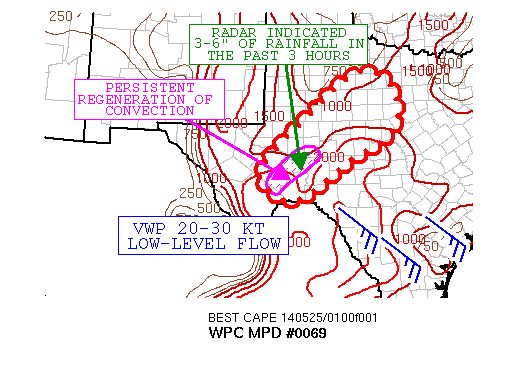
AREAS AFFECTED...SOUTHWEST TO CENTRAL TX...

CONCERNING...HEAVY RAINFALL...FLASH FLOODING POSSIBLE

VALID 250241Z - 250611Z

SUMMARY...FLASH FLOODING WILL REMAIN POSSIBLE DURING THE NEXT
COUPLE OF HOURS FROM SOUTH OF FORT STOCKTON NORTHEASTWARD TO NEAR
SAN ANGELO TX. CONTINUAL REGENERATION OF CONVECTION HAS BEEN
OBSERVED ALONG THE SOUTHWESTERN FLANK OF AN OLD OUTFLOW BOUNDARY.
HEAVY RAINFALL OCCURRING DURING THE PAST FEW HOURS WILL MAKE
CONDITIONS MORE FAVORABLE FOR FLASH FLOODING THROUGH AT LEAST 05Z.

DISCUSSION...DURING THE PAST SEVERAL HOURS...NUMEROUS CELLS WHICH
DEVELOPED IN THE VICINITY OF THE BIG BEND HAVE INTERACTED WITH A
REMNANT OUTFLOW BOUNDARY LEFT FROM AN MCC EARLIER IN THE DAY. THE
SOUTHWESTERN PERIPHERY OF THIS BOUNDARY HAS BECOME THE FOCAL POINT
FOR RENEWED CONVECTION WITH HIGH RAINFALL RATES OBSERVED. DOPPLER
RADAR AND IR SATELLITE SHOWED VERY LITTLE MOVEMENT IN THIS AXIS OF
DEEP CONVECTION WITH CLOUD TOP TEMPERATURES GENERALLY REMAINING IN
THE -70 TO -75 C RANGE. EFFICIENT HEAVY RAINFALL PRODUCTION HAS
BEEN OBSERVED BASED ON 00Z SOUNDINGS SHOWING A WARM CLOUD LAYER
EXTENDING UP TO OVER 11000 FT. WHILE THE REGION BEING AFFECTED IS
IN A VOID FOR RAIN GAUGE DATA...DOPPLER RADAR ESTIMATES HAVE SHOWN
A WIDESPREAD AXIS OF 2 TO 4 INCHES OF RAINFALL WITH POCKETS OF
OVER 5 INCHES. THESE AMOUNTS MAY BE A TAD HIGH GIVEN POSSIBLE HAIL
CONTAMINATION. LOCAL 3-HR FFG VALUES HAVE BEEN EXCEEDED ALTHOUGH
THERE HAVE BEEN NO REPORTS OF FLASH FLOODING THUS FAR.

THE CONVECTION-ALLOWING MODELS REMAIN AT ODDS WITH THE CURRENT
EVOLUTION OF THIS SYSTEM. THE 22Z HRRR WAS PROBABLY THE CLOSEST AT
RESOLVING THE PRECIPITATION AXIS WITH A FORECAST INDICATING THE
TRAINING COULD OCCUR FOR ANOTHER COUPLE OF HOURS. THE 22Z HRRR
SUGGESTED SOME INVIGORATION OF THIS STALLED BOUNDARY MAY OCCUR
FROM UPSTREAM CONVECTION EMANATING FROM THE SOUTHERN ROCKIES LATER
IN THE NIGHT. FOR NOW...THE 01Z RAP SHOWS THE AIR MASS FEEDING
INTO MPD AREA IS UNCAPPED WITH MLCAPE VALUES EXCEEDING 2000 J/KG.
ADDITIONALLY...00Z SOUNDINGS INDICATE THE ATMOSPHERE HAS FURTHER
MOISTENED WITH LOCAL VWP PROFILES SHOWING A SLIGHT SPIKE IN THE
LOW-LEVEL INFLOW WITH VALUES NEARING 30 KTS AT 3000 TO 5000 FT.
FEEL FLASH FLOODING WILL REMAIN POSSIBLE WITH THE AREA BEING
REASSESSED DURING THE NIGHT.